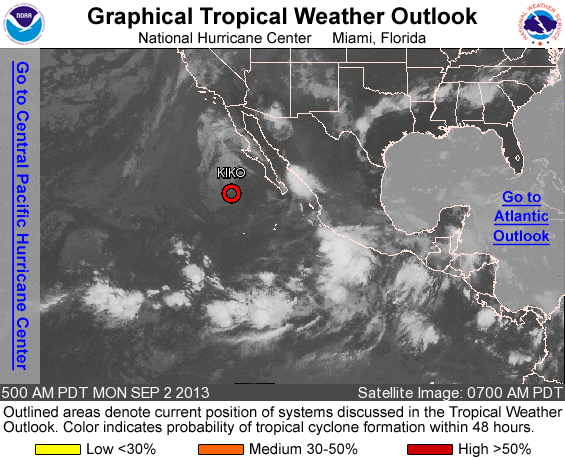
FOR THE EASTERN NORTH PACIFIC...EAST OF 140 DEGREES WEST LONGITUDE..

THE NATIONAL HURRICANE CENTER IS ISSUING ADVISORIES ON RECENTLY DOWNGRADED TROPICAL DEPRESSION KIKO...LOCATED SEVERAL HUNDRED MILES WEST OF THE SOUTHERN TIP OF THE BAJA CALIFORNIA PENINSULA.

OTHER SYSTEMS WITH FORMATION POTENTIAL BEYOND 48 HOURS...

A LARGE AREA OF CLOUDINESS AND THUNDERSTORMS EXTENDING FROM THE SOUTH-CENTRAL COAST OF MEXICO SOUTH-SOUTHWESTWARD FOR SEVERAL HUNDRED MILES IS ASSOCIATED WITH A TROPICAL WAVE. A BROAD AREA OF LOW PRESSURE IS FORECAST TO DEVELOP ALONG THE WAVE OFF OF THE SOUTHWESTERN COAST OF MEXICO BY MIDWEEK...AND ENVIRONMENTAL CONDITIONS ARE EXPECTED TO BE CONDUCIVE FOR SLOW DEVELOPMENT OF THE LOW AT THAT TIME. THIS SYSTEM HAS A LOW CHANCE...NEAR 0 PERCENT... OF BECOMING A TROPICAL CYCLONE DURING THE NEXT 48 HOURS...AND A MEDIUM CHANCE...50 PERCENT...OF BECOMING A TROPICAL CYCLONE DURING THE NEXT 5 DAYS WHILE IT MOVES WEST-NORTHWESTWARD AROUND 10 MPH.

&&
FIVE-DAY FORMATION PROBABILITIES ARE EXPERIMENTAL IN 2013. COMMENTS ON THE EXPERIMENTAL FORECASTS CAN BE PROVIDED AT...

HTTP://WWW.NWS.NOAA.GOV/SURVEY/NWS-SURVEY.PHP?CODE=ETWO

FORECASTER KIMBERLAIN